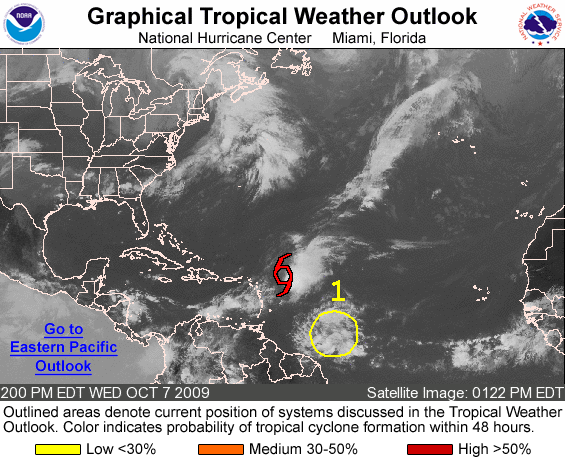
FOR THE NORTH ATLANTIC...CARIBBEAN SEA AND THE GULF OF MEXICO...

THE NATIONAL HURRICANE CENTER IS ISSUING ADVISORIES ON WEAKENING TROPICAL STORM HENRI...LOCATED ABOUT 375 MILES EAST OF THE NORTHERN LEEWARD ISLANDS.

1. DISORGANIZED SHOWERS AND THUNDERSTORMS CONTINUE IN ASSOCIATION WITH A TROPICAL WAVE LOCATED ABOUT 825 MILES EAST-SOUTHEAST OF THE WINDWARD ISLANDS. DEVELOPMENT...IF ANY...OF THIS SYSTEM SHOULD BE SLOW TO OCCUR AS IT MOVES TO THE WEST-NORTHWEST AT ABOUT 15 TO 20 MPH. THERE IS A LOW CHANCE...LESS THAN 30 PERCENT...OF THIS SYSTEM BECOMING A TROPICAL CYCLONE DURING THE NEXT 48 HOURS.

ELSEWHERE...TROPICAL CYCLONE FORMATION IS NOT EXPECTED DURING THE NEXT 48 HOURS.

FORECASTER BLAKE/PASCH